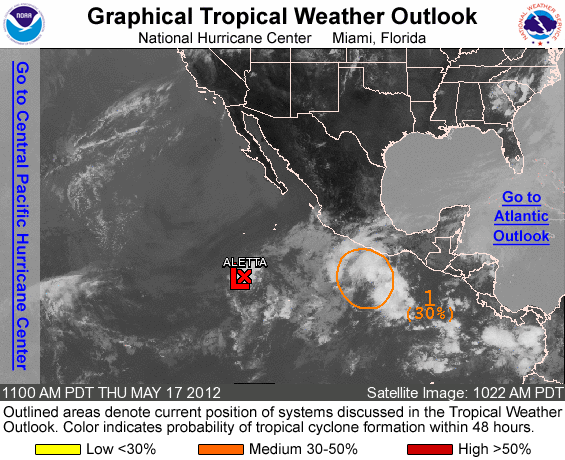
FOR THE EASTERN NORTH PACIFIC...EAST OF 140 DEGREES WEST LONGITUDE..

THE NATIONAL HURRICANE CENTER IS ISSUING ADVISORIES ON TROPICAL DEPRESSION ALETTA...LOCATED ABOUT 815 MILES SOUTH-SOUTHWEST OF THE SOUTHERN TIP OF BAJA CALIFORNIA.

1. SHOWER ACTIVITY ASSOCIATED WITH A BROAD LOW PRESSURE AREA CENTERED SEVERAL HUNDRED MILES SOUTH OF ACAPULCO MEXICO REMAINS POORLY ORGANIZED. CONDITIONS APPEAR CONDUCIVE FOR SLOW DEVELOPMENT...AND THIS SYSTEM HAS A MEDIUM CHANCE...30 PERCENT...OF BECOMING A TROPICAL CYCLONE DURING THE NEXT 48 HOURS AS IT MOVES SLOWLY TO THE NORTHWEST.

ELSEWHERE...TROPICAL CYCLONE FORMATION IS NOT EXPECTED DURING THE NEXT 48 HOURS.

FORECASTER BEVEN